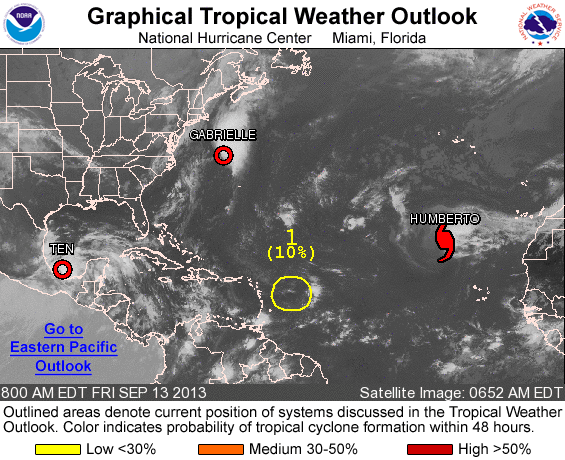
FOR THE NORTH ATLANTIC...CARIBBEAN SEA AND THE GULF OF MEXICO...

THE NATIONAL HURRICANE CENTER IS ISSUING ADVISORIES ON HURRICANE HUMBERTO LOCATED OVER THE FAR EASTERN TROPICAL ATLANTIC...ON TROPICAL DEPRESSION GABRIELLE...LOCATED A FEW HUNDRED MILES SOUTH-SOUTHWEST OF HALIFAX NOVA SCOTIA...AND ON TROPICAL DEPRESSION TEN...LOCATED OVER THE SOUTHWESTERN GULF OF MEXICO.

1. AN AREA OF LOW PRESSURE LOCATED ABOUT 350 MILES EAST OF THE LEEWARD ISLANDS IS PRODUCING LIMITED SHOWER AND THUNDERSTORM ACTIVITY. ALTHOUGH SURFACE PRESSURES ARE LOWER THAN NORMAL IN THIS AREA... UPPER-LEVEL WINDS ARE NOT FAVORABLE FOR DEVELOPMENT. THIS SYSTEM HAS A LOW CHANCE...10 PERCENT...OF BECOMING A TROPICAL CYCLONE DURING THE NEXT 48 HOURS...AND A LOW CHANCE...20 PERCENT...OF BECOMING A TROPICAL CYCLONE DURING THE NEXT 5 DAYS WHILE IT MOVES TOWARD THE WEST-NORTHWEST AT ABOUT 10 MPH.

PUBLIC ADVISORIES ON TROPICAL DEPRESSION TEN ARE ISSUED UNDER WMO HEADER WTNT35 KNHC AND UNDER AWIPS HEADER MIATCPAT5. FORECAST/ADVISORIES ON TROPICAL DEPRESSION TEN ARE ISSUED UNDER WMO HEADER WTNT25 KNHC AND UNDER AWIPS HEADER MIATCMAT5.

FIVE-DAY FORMATION PROBABILITIES ARE EXPERIMENTAL IN 2013. COMMENTS ON THE EXPERIMENTAL FORECASTS CAN BE PROVIDED AT...

HTTP://WWW.NWS.NOAA.GOV/SURVEY/NWS-SURVEY.PHP?CODE=ETWO

FORECASTER AVILA